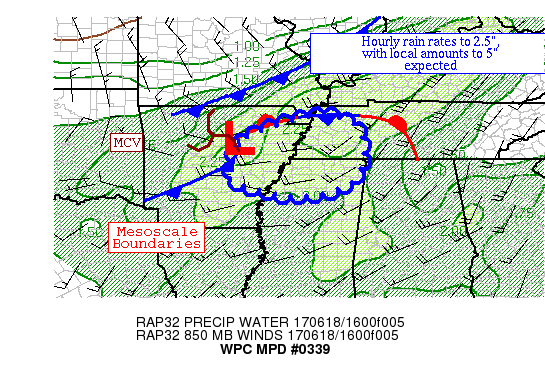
AREAS AFFECTED...EASTERN AR, SOUTHWEST TN, & NORTHWEST MS

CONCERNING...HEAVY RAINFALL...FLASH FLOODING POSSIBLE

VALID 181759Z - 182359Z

SUMMARY...THUNDERSTORMS WITH HEAVY RAIN  SHOULD SPREAD EAST AND
SOUTHEAST WITH TIME.  HOURLY RAIN RATES TO 2.5" AND LOCAL AMOUNTS
TO 5" ARE ANTICIPATED.

DISCUSSION...THUNDERSTORMS ARE BEGINNING TO TRAIN ACROSS NORTHEAST
AR IN A WARM ADVECTION PATTERN AHEAD OF A MESOSCALE WAVE IN
NORTHEAST AR, WHICH ARE BEGINNING TO SPREAD EAST AND ATTEMPT TO
LINK WITH A LINE ACROSS SOUTHWEST TN.  THE DIVERGENCE SEEN IN THE
1000-500 HPA THICKNESS PATTERN IMPLIES THAT THIS IS A GOOD SPOT
SYNOPTICALLY FOR A CONVECTIVE COMPLEX.  PRECIPITABLE WATER VALUES
ARE ~2".  INFLOW AT 850 HPA IS CONVERGENT OUT OF THE WEST AT ~20
KTS.  EFFECTIVE BULK SHEAR IS JUST UNDER 25 KTS.  MLCAPE VALUES
ARE 2000-3000 J/KG.

THE MESOSCALE GUIDANCE SHOWS A GROWING SIGNAL FOR LOCAL AMOUNTS IN
THE 3-5" RANGE OVER THE NEXT TWO HOURS.  CONVECTIVE CLUSTERS
SHOULD MOVE EAST INITIALLY, THOUGH AS INSTABILITY ERODES, COULD
TRACK MORE SOUTHEAST AT 15-20 KTS WITH TIME.  RAP MASS FIELDS SHOW
A PAIR OF BOUNDARIES (THE SECOND ONE THE ACTUAL COLD FRONT) MOVING
THROUGH THE REGION TO THE NORTH OF A SIGNIFICANT INSTABILITY POOL,
IMPLYING THAT THERE COULD BE MORE THAN ONE ROUND OF THUNDERSTORMS
BETWEEN NOW AND 00Z.  THE FLOW IS FAIRLY UNIDIRECTIONAL UP TO 600
HPA, IMPLYING THAT CELL TRAINING IS A VALID CONCERN THROUGH THE
PERIOD.  HOURLY RAIN RATES UP TO 2.5" WITH LOCAL AMOUNTS TO 5"
COULD CAUSE ISSUES IN THIS REGION.